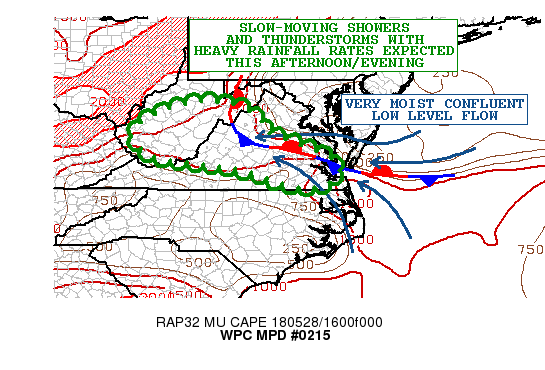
AREAS AFFECTED...CENTRAL/SOUTHERN WV...CENTRAL/SOUTHERN VA

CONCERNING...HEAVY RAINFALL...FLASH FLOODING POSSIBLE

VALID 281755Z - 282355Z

SUMMARY...SCATTERED SLOW-MOVING SHOWERS AND THUNDERSTORMS WITH
VERY HEAVY RAINFALL RATES WILL GRADUALLY EXPAND IN COVERAGE THIS
AFTERNOON. FLASH FLOODING IS POSSIBLE.

DISCUSSION...THE LATEST RADAR IMAGERY IN CONJUNCTION WITH DAYTIME
GOES-16 VISIBLE SATELLITE IMAGERY IS SHOWING THE DEVELOPMENT AND
EXPANSION OF SHOWER AND THUNDERSTORM ACTIVITY OVER THE HIGHER
TERRAIN OF CENTRAL/SOUTHEAST WV AND DOWN ACROSS AREAS OF
WEST-CENTRAL TO SOUTHEAST VA. THE CONVECTION IS FORMING WITHIN A
HIGHLY MOIST AND INCREASINGLY UNSTABLE AIRMASS WHICH IS BEING
FACILITATED BY VERY MOIST AND CONFLUENT LOW LEVEL FLOW FOCUSING
ALONG A FRONTAL ZONE AND ALSO WITH DIURNAL HEATING.

PWATS ACROSS THE REGION ARE GENERALLY BETWEEN 1.75 AND 2
INCHES...WITH MUCAPE VALUES OF 1000 TO 2000 J/KG. GRADUALLY THE
CONVECTION ACROSS THE REGION SHOULD TEND TO BECOME A BIT MORE
SURFACE-BASED AND EXPAND IN COVERAGE AS ADDITIONAL DIURNAL HEATING
TAKES PLACE. THIS WILL ESPECIALLY BE THE CASE OVER THE HIGHER
TERRAIN OF CENTRAL/SOUTHERN WV AND WEST-CENTRAL VA WHERE A BIT
MORE SUN HAS ALREADY BEEN DESTABILIZING THE BOUNDARY LAYER.

EXPECT HEAVY RAINFALL RATES OF UP TO 2 INCHES/HR AND ALSO RATHER
WEAK STEERING CURRENTS THAT WILL PROMOTE SLOW CELL MOTION. THE
LATEST 12Z HIRES MODEL CONSENSUS GOING THROUGH 00Z SUPPORTS AS
MUCH AS 2 TO 4 INCHES OF RAIN WHICH COULD BE A LITTLE CONSERVATIVE
GIVEN THE HIGHLY EFFICIENT MOISTURE ENVIRONMENT AND SLOW CELL
MOTION AND ESPECIALLY WITH OROGRAPHICS AND FRONTAL CONVERGENCE
NEAR BY.

THE ANTECEDENT CONDITIONS ACROSS THE REGION ARE RATHER WET...WITH
LOW FFG VALUES ESPECIALLY NOTED CLOSER TO THE BLUE RIDGE AND
ADJACENT CREST OF THE APPALACHIANS. THEREFORE...EXPECT RUNOFF
CONCERNS AND THE POTENTIAL FLASH FLOODING THIS AFTERNOON AND EARLY
EVENING. WILL CONTINUE TO MONITOR.